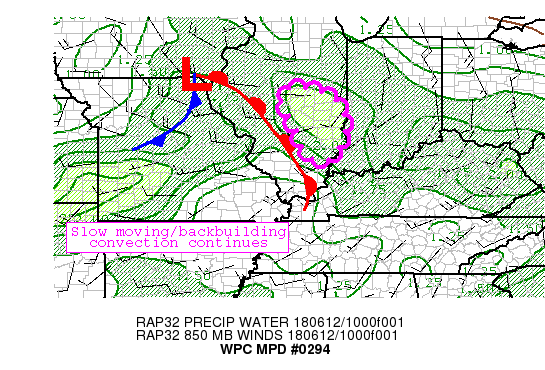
AREAS AFFECTED...CENTRAL AND EASTERN ILLINOIS

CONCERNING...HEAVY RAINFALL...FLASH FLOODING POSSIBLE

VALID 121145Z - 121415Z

SUMMARY...SHOWERS AND THUNDERSTORMS ARE EXPECTED TO WANE, HOWEVER
ADDITIONAL BACKBUILDING, SLOW-MOVING CONVECTION MAY CONTINUE FOR
THE NEXT FEW HOURS, RESULTING IN ADDITIONAL HEAVY RAIN AND FLASH
FLOODING CONCERNS.

DISCUSSION...LATEST MESOANALYSIS SHOWS 20-30 KT WESTERLY INFLOW
CONTINUING TO SUPPORT 1.9-2 INCH PWS EAST OF A SLOW-MOVING WARM
FRONT PUSHING INTO WESTERN ILLINOIS.  LOW LEVEL INFLOW EXCEEDING
WINDS ALOFT CONTINUES TO SUPPORT SLOW-MOVING, BACKBUILDING
CONVECTION ACROSS PORTIONS OF CENTRAL INTO EASTERN ILLINOIS THIS
MORNING.  RECENT SATELLITE IMAGERY HAS SHOWN A GENERAL WARMING
TREND IN CLOUD TOPS AND RECENT IMAGERY FROM KILX IS SHOWING
RAINFALL RATES BEGINNING TO DECREASE.  HOWEVER THERE REMAINS SOME
INDICATION FOR CELL REGENERATION ACROSS SOME AREAS ALREADY
IMPACTED WITH HEAVY RAINS THIS MORNING, WHICH MAY RESULT IN
FURTHER FLASH FLOODING CONCERNS BEFORE CONVECTION DISSIPATES.
LATEST HRRR SHOWS THE POTENTIAL FOR AN ADDITIONAL 1-2 INCHES
WITHIN PORTIONS OF THE HIGHLIGHTED AREA THROUGH 14Z.  THIS
INCLUDES AREAS WHERE THE LASTEST 3-HR FLASH FLOOD GUIDANCE VALUES
ARE AS LOW AS 0.75 INCH.